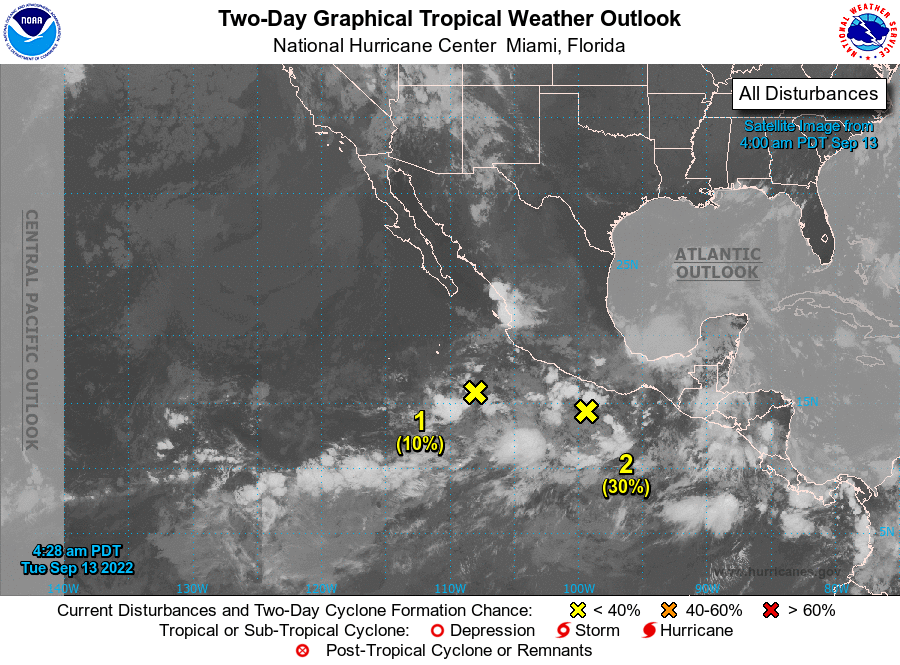
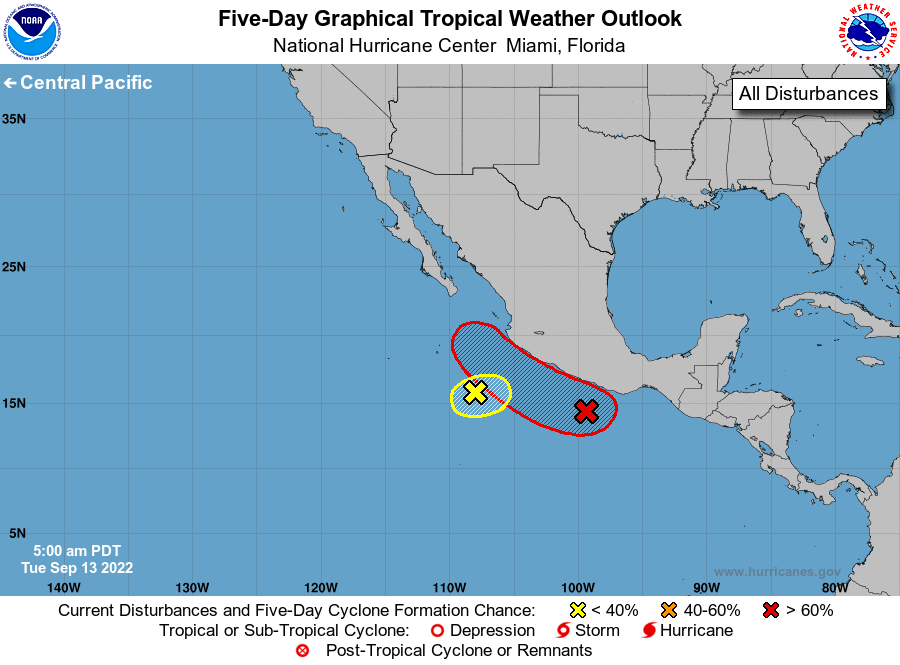
For the eastern North Pacific...east of 140 degrees west longitude:

1. Southwest of southwestern Mexico: Shower activity associated with a small area of low pressure located a few hundred miles southwest of Manzanillo, Mexico has become less organized since yesterday. Environmental conditions are only marginally conducive and any additional development is expected to be limited before the system merges with the disturbance to its east in a day or so.
* Formation chance through 48 hours...low...10 percent.
* Formation chance through 5 days...low...10 percent.

2. Near the coast of southern Mexico: A trough of low pressure located along the coast of southern Mexico continues to produce disorganized cloudiness and thunderstorms. This system is forecast to interact and merge with the disturbance off the southwestern coast of Mexico around midweek, and environmental conditions are expected to become more conducive for development by that time. A tropical depression is likely to form during the latter part of this week while the system moves slowly westward near the coast of southern and southwestern Mexico.
* Formation chance through 48 hours...low...30 percent.
* Formation chance through 5 days...high...80 percent.

Forecaster Brown